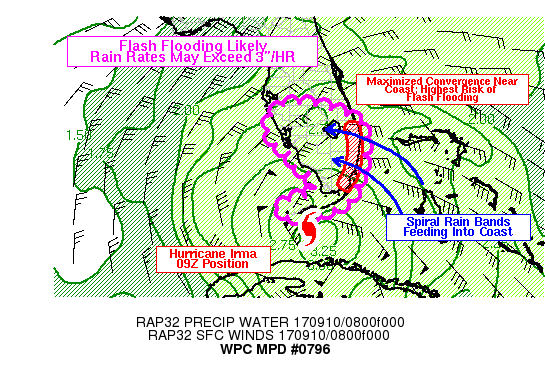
AREAS AFFECTED...SOUTHERN FLORIDA...FLORIDA KEYS

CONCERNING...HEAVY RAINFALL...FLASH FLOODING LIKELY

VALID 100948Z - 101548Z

SUMMARY...HURRICANE IRMA WILL CONTINUE TO APPROACH SOUTH
FLORIDA...SPREADING HEAVY RAIN INTO THE AREA. FLASH FLOODING IS
LIKELY...ESPECIALLY IN FAVORED AREAS OF LOW-LEVEL CONVERGENCE SUCH
AS THE EAST COAST OF FLORIDA THROUGH 16Z.

DISCUSSION...HURRICANE IRMA WAS NEARING KEY WEST AS OF 0930Z AND
THE CENTRAL DENSE OVERCAST (CDO) ON IR SATELLITE WAS BEGINNING TO
ADVANCE INTO THE FLORIDA PENINSULA JUST AHEAD OF THE CENTER OF
CIRCULATION. AS THIS CONTINUES TO OCCUR DURING THE
MORNING...MODERATE TO HEAVY RAIN WILL SPREAD OVER THE ENTIRE
OUTLINED AREA. THIS MAY EVENTUALLY LEAD TO WIDESPREAD FLOODING
ISSUES...BUT MORE FOCUSED HEAVY RAIN BANDS WILL HAVE THE POTENTIAL
TO CAUSE FLASH FLOODING.

SOME OF THESE SPIRAL RAIN BANDS HAVE BEEN QUITE ORGANIZED AND
MANAGED TO PERSIST FOR AN HOUR OR TWO AS THEY WRAP AROUND THE
NORTH SIDE OF IRMA'S CIRCULATION AND FEED INTO THE EAST COAST OF
FLORIDA. EXTREMELY HEAVY RAIN RATES HAVE ALREADY BEEN OBSERVED
WITH THESE BANDS WITH NUMEROUS LOCAL OBSERVING SITES SHOWING UP TO
0.5 INCHES OF RAIN IN 5 MINUTE INCREMENTS WITH THE STRONGEST
CONVECTION. THESE HAVE GENERALLY COINCIDED WITH SPECIFIC
DIFFERENTIAL PHASE (KDP) VALUES FROM LOCAL RADAR SITES ON THE
ORDER OF 2.5 TO 3.0 OR HIGHER...SO SUCH VALUES ON RADAR THROUGH
THE EVENT MAY HELP PINPOINT EXTREME RAIN RATES. LOCALIZED TOTALS
IN PORTIONS OF MONROE...MIAMI-DADE...BROWARD...AND PALM BEACH
COUNTIES LIKELY ALREADY EXCEED 4 INCHES ON A FAIRLY WIDESPREAD
BASIS.

FLASH FLOODING SHOULD BE MOST LIKELY ALONG THE EAST COAST OF
FLORIDA WHERE LOW-LEVEL CONVERGENCE WILL BE MAXIMIZED DUE TO
FRICTIONAL AFFECTS RIGHT ALONG THE SHORELINE. GIVEN THE EXTREME
RATES ALREADY OBSERVED...ANY SUBSTANTIAL RAIN BANDS THAT CAN
PERSIST FOR EVEN AN HOUR IN ANY ONE LOCATION MAY LEAD TO FLASH
FLOODING...PARTICULARLY IF IT COINCIDES WITH PORTIONS OF THE URBAN
CORRIDOR FROM MIAMI TO PALM BEACH. DUAL POL RAINFALL AND MRMS QPE
HAVE GENERALLY BEEN UNDERESTIMATING RAIN RATES IN THE TROPICAL
ENVIRONMENT...AND THE WARM RAIN PROCESSES AT PLAY HAVE BEEN VERY
EFFICIENT THUS FAR.